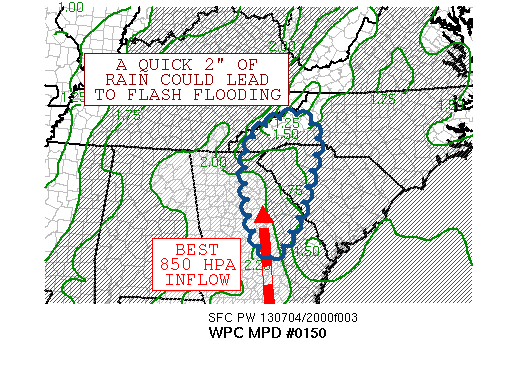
AREAS AFFECTED...NORTHEAST GA...NORTHWEST SC...FAR WESTERN NC

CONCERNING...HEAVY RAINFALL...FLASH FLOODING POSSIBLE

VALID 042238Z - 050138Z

SUMMARY...THUNDERSTORMS WITH HEAVY RAINFALL ARE EXPECTED TO IMPACT
AN AREA WITH RELATIVELY LOW FLASH FLOOD GUIDANCE.  CONSIDERING
THAT THE CONVECTION IS CURRENTLY TRYING TO ORGANIZE INTO A BAND,
FLASH FLOODING IS POSSIBLE.

DISCUSSION...THUNDERSTORMS HAVE FORMED ACROSS EASTERN GA AND
WESTERN SC, PARTIALLY DUE TO INCREASING AMOUNTS OF CAPE ATTRIBUTED
TO DAYTIME HEATING.  THEIR COVERAGE HAS INCREASED OVER THE PAST
HOUR OR TWO, AND THEY ARE BEING AIDED BY INCREASINGLY SOUTHERLY
INFLOW, AT 850 HPA IN THE RANGE OF 35-40 KNOTS.  THE THUNDERSTORM
ACTIVITY IS ATTEMPTING TO FORM INTO A CONVECTIVE BAND,
PARTICULARLY ACROSS EASTERN GA.  SHOULD THE BAND ORGANIZE FURTHER,
IT COULD BEGIN MOVING SLOWLY EASTWARD.  PRECIPITABLE WATER VALUES
ARE APPROACHING TWO INCHES, AS A TROUGH/WARM FRONT AT 850 HPA
MOVES TOWARD THE REGION FROM THE SOUTH.  THE REGION IS DIVERGENT
ALOFT EAST OF AN UPPER LEVEL TROUGH LOCATED ACROSS THE MISSISSIPPI
VALLEY.  FLASH FLOOD GUIDANCE VALUES -- FFGS -- ACROSS THE AREA IS
GENERALLY 1.5-2 INCHES IN THREE HOURS, WITH SPOTS IN FAR WESTERN
SC BELOW 0.5 INCH IN THREE HOURS.  SINCE THE TIME OF THE LAST
FFGS, SCATTERED THUNDERSTORMS HAVE MOVED THROUGH THE REGION, SO
THEY COULD BE EVEN LOWER.  SINCE TWO INCHES OF RAIN ARE
ANTICIPATED WITHIN THE REGION OVER THE NEXT FEW HOURS, FLASH
FLOODING IS POSSIBLE ACROSS THE REGION.